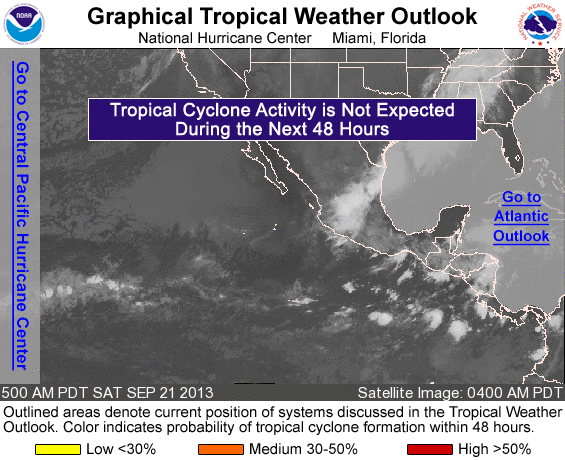
FOR THE EASTERN NORTH PACIFIC...EAST OF 140 DEGREES WEST LONGITUDE..

TROPICAL CYCLONE FORMATION IS NOT EXPECTED THROUGH FIVE DAYS.

&&
FIVE-DAY FORMATION PROBABILITIES ARE EXPERIMENTAL IN 2013. COMMENTS ON THE EXPERIMENTAL FORECASTS CAN BE PROVIDED AT...

HTTP://WWW.NWS.NOAA.GOV/SURVEY/NWS-SURVEY.PHP?CODE=ETWO

FORECASTER LANDSEA